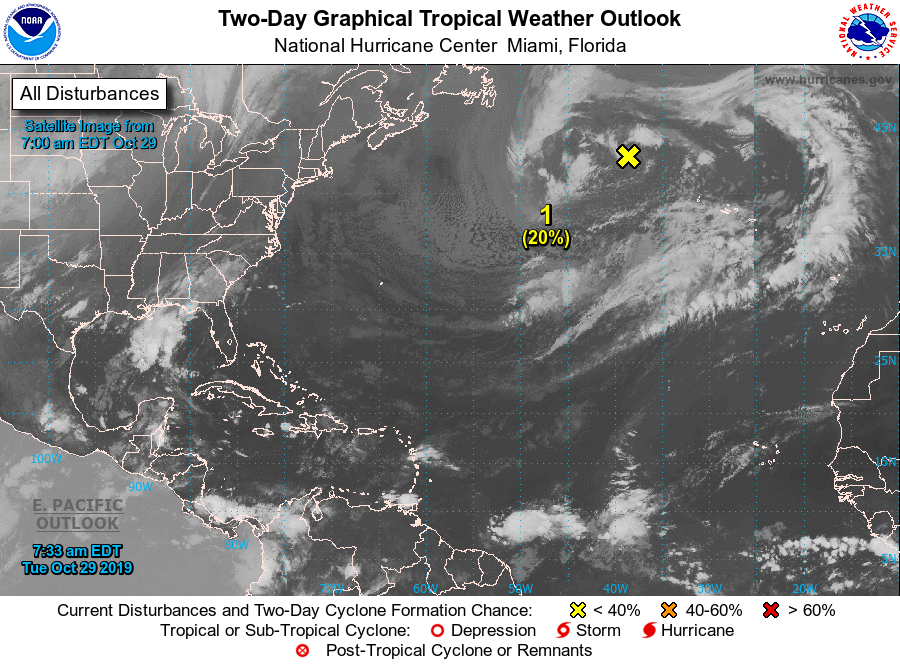
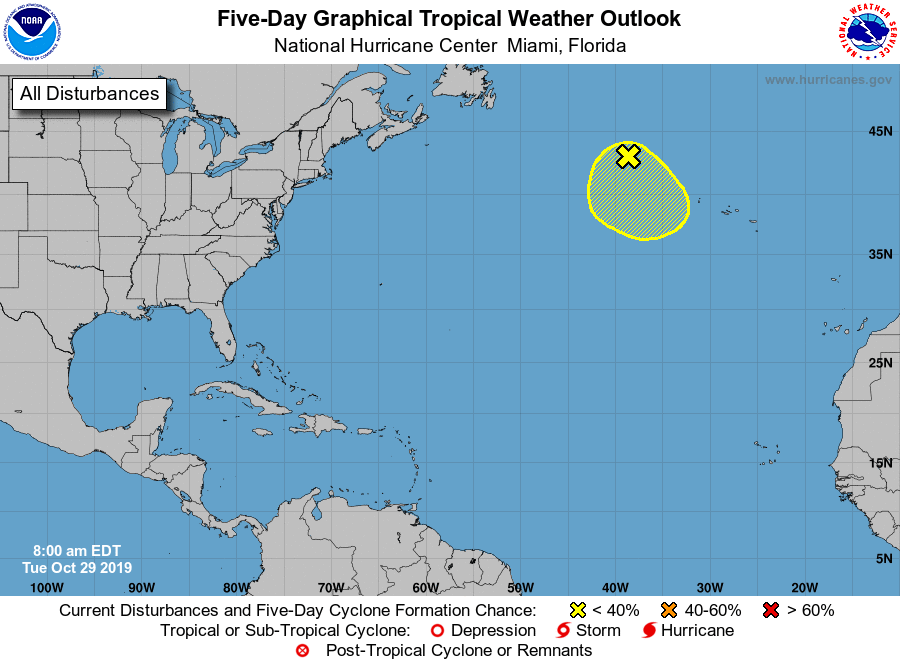
For the North Atlantic...Caribbean Sea and the Gulf of Mexico:

1. A large non-tropical low pressure area located several hundred miles west-northwest of the Azores is producing a large area of gale to storm-force winds. This system could acquire some subtropical characteristics over the next couple of days while it moves slowly southward to southeastward over slightly warmer water. Environmental conditions are expected to become unfavorable for any further development by Thursday night when the low is forecast to move back over colder water. For more information of this system, see High Seas Forecasts issued by the National Weather Service.
* Formation chance through 48 hours...low...20 percent.
* Formation chance through 5 days...low...30 percent.

High Seas Forecasts issued by the National Weather Service can be found under AWIPS header NFDHSFAT1, WMO header FZNT01 KWBC, and online at ocean.weather.gov/shtml/NFDHSFAT1.php.

Forecaster Latto